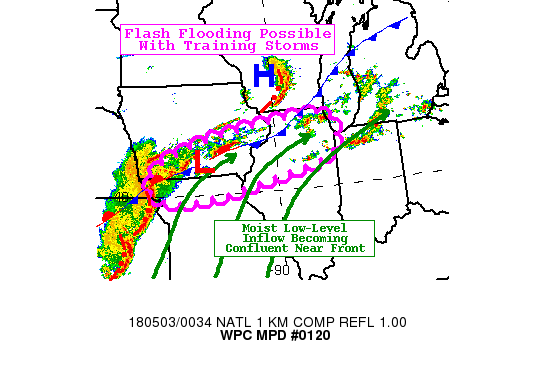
AREAS AFFECTED...SRN IOWA...NRN ILLINOIS...FAR NRN MISSOURI

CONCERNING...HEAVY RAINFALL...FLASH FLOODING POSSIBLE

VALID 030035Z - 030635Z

SUMMARY...DEVELOPING THUNDERSTORMS ALONG A STALLING FRONT FROM
SOUTHERN IOWA INTO NORTHERN ILLINOIS MAY BEGIN TO TRAIN AND
PRODUCE LOCALLY VERY HEAVY RAINFALL. HOURLY RAIN RATES OF 1-2
IN/HR MAY PRODUCE SOME FLASH FLOODING THIS EVENING ACROSS THE
REGION.

DISCUSSION...GOES-16 SATELLITE IMAGERY AND REGIONAL RADARS SHOWED
A BLOSSOMING OF CONVECTION BETWEEN 22Z AND 2330Z ALONG A STALLED
FRONT OVER SOUTHERN IOWA. RAPIDLY COOLING CLOUD TOPS WERE
NOTED...AND THIS DEVELOPING CONVECTION HAS GENERALLY SINCE
MAINTAINED ITS INTENSITY WITH AN UNINHIBITED INFLOW OF A
MOIST...UNSTABLE AIR MASS IMMEDIATELY TO THE SOUTH OVER NORTHERN
MISSOURI. OBJECTIVE RAP ANALYSIS AT 00Z SHOWS MLCAPE VALUES AROUND
1000-2000 J/KG WITH AROUND 50 KNOTS OF DEEP LAYER EFFECTIVE SHEAR.
THIS ENVIRONMENT SHOULD SUPPORT THE MAINTENANCE OF THIS CONVECTION
INTO THE EVENING HOURS.

OVER THE PAST COUPLE HOURS...RADAR AND LIGHTNING TRENDS HAVE SHOWN
VERY LITTLE MOTION OFF THE EXISTING FRONT IN SOUTHERN IOWA...AND
850-300MB MEAN FLOW AND CORFIDI VECTORS ARE ORIENTED NEARLY
PARALLEL TO THIS BOUNDARY. INCREASING LOW-LEVEL INFLOW WITH THE
NOCTURNAL INCREASE OF THE LLJ AND A CONFLUENCE TO THIS FLOW NEAR
THE NOSE OF THE LLJ...WILL PROVIDE CONTINUED LOW-LEVEL FORCING IN
A CORRIDOR THAT SHOULD BE FAVORED FOR MOVEMENT OF EXISTING STORMS.
THE COMBINATION OF POSSIBLE NEW CONVECTIVE DEVELOPMENT IN CONCERT
WITH A CHANNELING OF EXISTING CONVECTION INTO A SIMILAR PATH
SHOULD LEAD TO THE THREAT OF FLASH FLOODING THIS
EVENING...PARTICULARLY FROM SOUTHERN IOWA INTO NORTHERN ILLINOIS.
THE DEVELOPMENT OF ADDITIONAL CONVECTION WILL ALSO BE AIDED BY THE
OVERLAP OF THE RIGHT ENTRANCE REGION OF A 150 KNOT UPPER LEVEL JET
(WITH STRONG DIVERGENCE SIGNATURE NOTED ON THE RAP FORECASTS).

HI-RES MODELS ARE NOT HANDLING THE ONGOING DISTRIBUTION OR MOTION
OF CONVECTION VERY WELL. EVEN THE MODELS THAT APPEAR TO BE CLOSER
TO THE 00Z OBSERVED NATIONAL RADAR MOSAIC (18Z NAM CONEST, HRRR,
HRRR-E) DO NOT APPEAR TO MATCH THE INTENSITY OF ONGOING RAINFALL
OR THE OBSERVED CELL MOTIONS. HOWEVER...THE MESOSCALE PATTERN DOES
FAVOR CONTINUED INSTANCES OF CELL TRAINING. PRECIPITABLE WATER
VALUES AROUND 1.2 TO 1.3 INCHES COULD SUPPORT SOME 1 INCH PER HOUR
RAIN RATES...BUT THE PRESENCE OF A DRY LAYER AROUND 700-500MB
COULD REDUCE PRECIPITATION EFFICIENCY. THEREFORE...FLASH FLOODING
WOULD BE MOST LIKELY WHERE THE DURATION OF RAINFALL WOULD
COMPENSATE FOR THE LIMITING FACTORS OF A LACK OF MID-LEVEL
MOISTURE AND MORE SUBSTANTIAL PWATS.